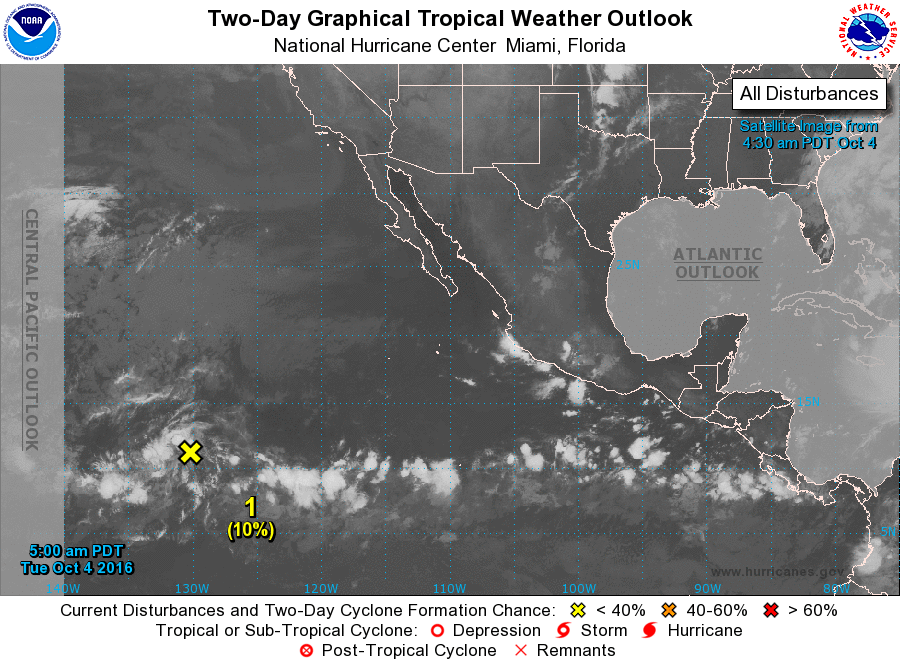
For the eastern North Pacific...east of 140 degrees west longitude:

1. An area of disturbed weather is located about 1600 miles southwest of the southern tip of the Baja California peninsula. Some slow development of this system is possible later this week while it moves generally westward near 10 mph.
* Formation chance through 48 hours...low...10 percent
* Formation chance through 5 days...low...30 percent

Forecaster Pasch